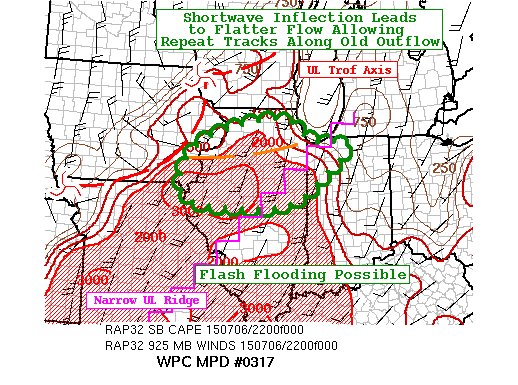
AREAS AFFECTED...NORTHERN ILLINOIS...NORTHWEST INDIANA

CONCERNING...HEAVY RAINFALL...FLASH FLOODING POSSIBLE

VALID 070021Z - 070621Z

SUMMARY...MULTIPLE ROUNDS OF STRONG AND EFFICIENT RAINFALL
PRODUCING CELLS COULD LEAD TO POSSIBLE  FLASH FLOOD CONDITIONS.

DISCUSSION...VERY STRONG COLD FRONT MARCHES ACROSS THE CENTRAL
U.S. AHEAD OF AN UPPER LEVEL TROF WITH EMBEDDED SHORTWAVES ALONG
IT.  THE BASE OF THE TROF SHORTWAVE CONTINUE TO PRESS OUT OF
NEBRASKA/KANSAS INTO NORTHERN MISSOURI. ANOTHER VORT LOBE IS
ANALYZED OVER NORTHEAST IOWA INTO WISCONSIN WITH A VERY TIGHT
NARROW RIDGE DOWNSTREAM FROM SOUTHWEST MICHIGAN INTO THE OZARKS.
THIS LEADS TO A FLAT FLOW PATTERN PARALLEL TO AN E-W OUTFLOW
BOUNDARY THAT WAS EJECTED FROM THE EARLY MORNING CONVECTION ACROSS
THE DISCUSSION AREA.  A LEADING CONVECTIVE AREA CURRENTLY OVER
NORTH CENTRAL ILLINOIS WILL BECOME AFFECTED BY THE RIDGE A BIT
MORE SLOWING ITS FORWARD PROGRESS WHILE ALLOWING FOR CELLS MOTIONS
TO TURN SOUTH INTO THE MORE DIFFLUENT FLOW INTO NORTHWEST INDIANA.
 WHILE THE SECOND CONVECTIVE COMPLEX ALONG THE FLATTER FLOW IN THE
SHORTWAVE RIDGING BETWEEN THE VORT LOBES IS ORIENTING MORE
EAST-WEST ALLOWING FOR SOUTHERLY LOW LEVEL INFLOW TO BE MORE
PERPENDICULAR TO TRACK OF THE CELLS.  THIS WILL PUMP 3000 J/KG
CAPES AND MID-70S DEWPOINT AIR INTO THE SECOND COMPLEX MAKING IT
HIGHLY EFFICIENT WITH RAIN RATES IN EXCESS OF 2"/HR.  WITH THE
FIRST ROUND LAYING DOWN SOME DESCENT TOTALS...THE MORE EFFICIENT
SECOND ROUND HAS A HIGHER POTENTIAL FOR FLASH FLOODING.